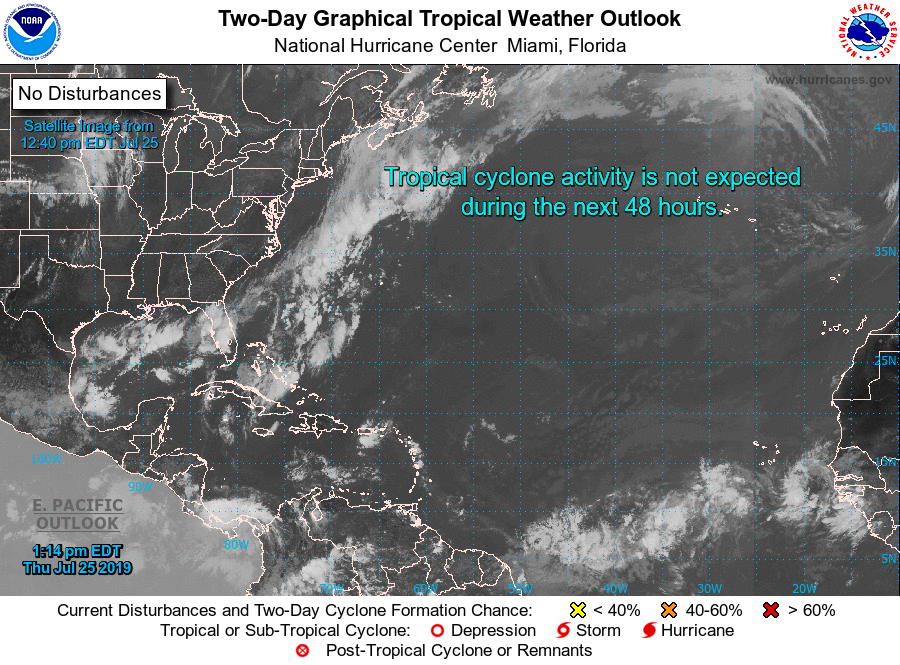
For the North Atlantic...Caribbean Sea and the Gulf of Mexico:

Tropical cyclone formation is not expected during the next 5 days.

Forecaster Avila